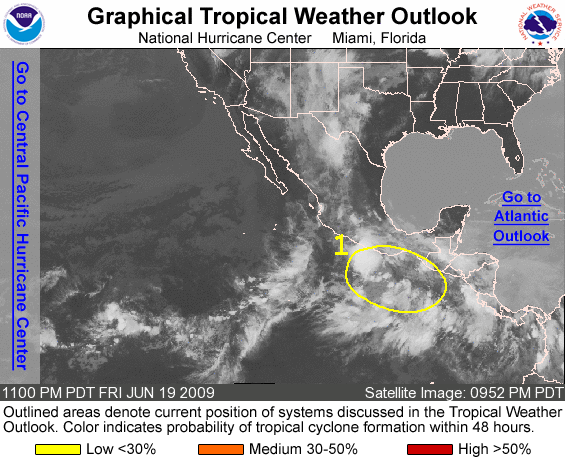
FOR THE EASTERN NORTH PACIFIC...EAST OF 140 DEGREES WEST LONGITUDE..

1. A LARGE AREA OF DISTURBED WEATHER CONTINUES FROM THE SOUTHERN COAST OF MEXICO SOUTHWARD FOR SEVERAL HUNDRED MILES...AND IS PRODUCING DISORGANIZED SHOWER AND THUNDERSTORM ACTIVITY. SLOW DEVELOPMENT OF THIS SYSTEM IS POSSIBLE OVER THE NEXT DAY OR TWO. THERE IS A LOW CHANCE...LESS THAN 30 PERCENT...OF THIS SYSTEM BECOMING A TROPICAL CYCLONE DURING THE NEXT 48 HOURS. HEAVY RAINS ASSOCIATED WITH THIS SYSTEM COULD AFFECT PORTIONS OF THE SOUTHERN COAST OF MEXICO DURING THE NEXT COUPLE OF DAYS.

ELSEWHERE...TROPICAL CYCLONE FORMATION IS NOT EXPECTED DURING THE NEXT 48 HOURS.

FORECASTER BEVEN